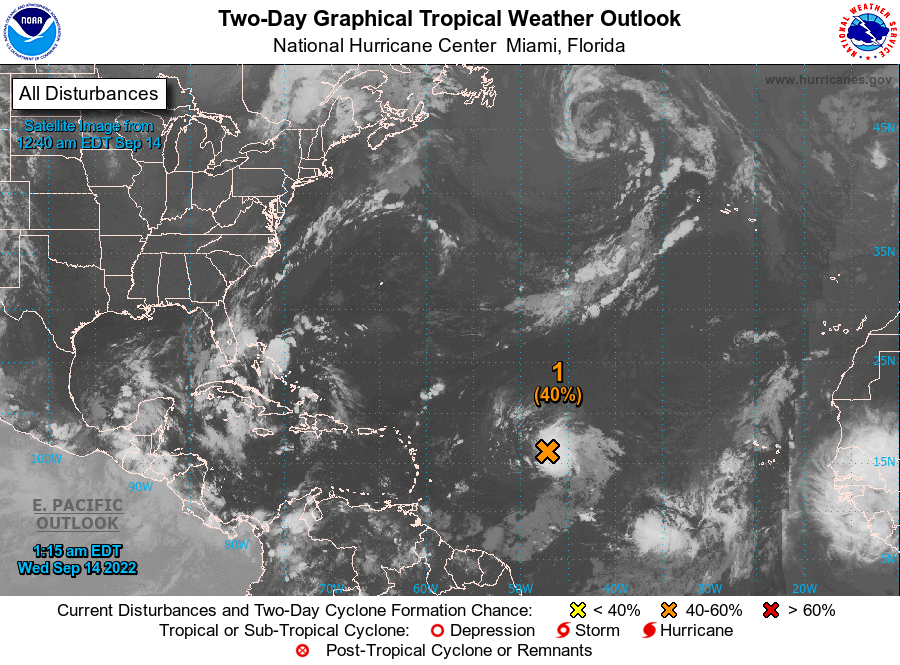
For the North Atlantic...Caribbean Sea and the Gulf of Mexico:

1. Central Tropical Atlantic: Showers and thunderstorms have increased a little during the past several hours in association with a tropical wave located a little less than 900 miles east of the Lesser Antilles. Although environmental conditions are only marginally conducive, some additional development of this system is possible and a tropical depression could form during the next couple of days. This system is expected to moves westward to west-northwestward over the tropical Atlantic and it is expected to be near the Leeward Islands on Friday. Interests in the Leeward Islands, the Virgin Islands, and Puerto Rico should monitor the progress of this system.
* Formation chance through 48 hours...medium...40 percent.
* Formation chance through 5 days...medium...50 percent.

Forecaster Cangialosi